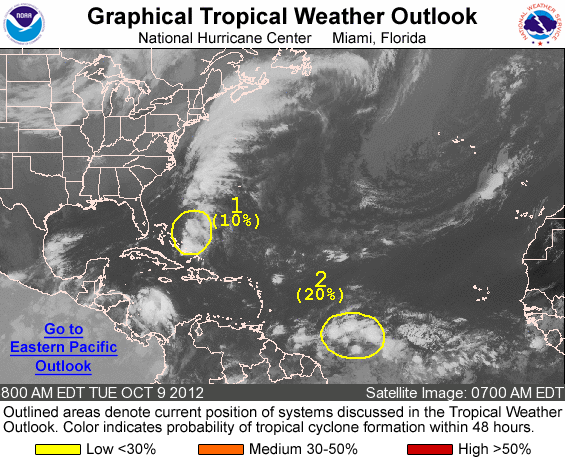
FOR THE NORTH ATLANTIC...CARIBBEAN SEA AND THE GULF OF MEXICO...

1. DISORGANIZED SHOWERS AND THUNDERSTORMS A COUPLE HUNDRED MILES NORTHEAST OF THE BAHAMAS ARE ASSOCIATED WITH A WEAK AREA OF LOW PRESSURE LOCATED ABOUT 100 MILES EAST OF ELEUTHERA ISLAND. UPPER- LEVEL WINDS ARE EXPECTED TO REMAIN UNFAVORABLE FOR DEVELOPMENT...AND THIS SYSTEM HAS A LOW CHANCE...10 PERCENT...OF BECOMING A TROPICAL CYCLONE DURING THE NEXT 48 HOURS AS IT MOVES NORTHEASTWARD AWAY FROM THE BAHAMAS AT ABOUT 10 MPH.

2. A TROPICAL WAVE ACCOMPANIED BY A BROAD AREA OF LOW PRESSURE LOCATED ABOUT 1000 MILES EAST OF THE WINDWARD ISLANDS IS PRODUCING A LARGE AREA OF DISORGANIZED SHOWERS AND THUNDERSTORMS. ANY DEVELOPMENT OF THIS SYSTEM DURING THE NEXT COUPLE OF DAYS SHOULD BE SLOW TO OCCUR DUE TO MARGINALLY FAVORABLE ENVIRONMENTAL CONDITIONS. THIS SYSTEM HAS A LOW CHANCE...20 PERCENT...OF BECOMING A TROPICAL CYCLONE DURING THE NEXT 48 HOURS AS IT MOVES WEST-NORTHWESTWARD AT ABOUT 15 MPH.

ELSEWHERE...TROPICAL CYCLONE FORMATION IS NOT EXPECTED DURING THE NEXT 48 HOURS.

FORECASTER BRENNAN